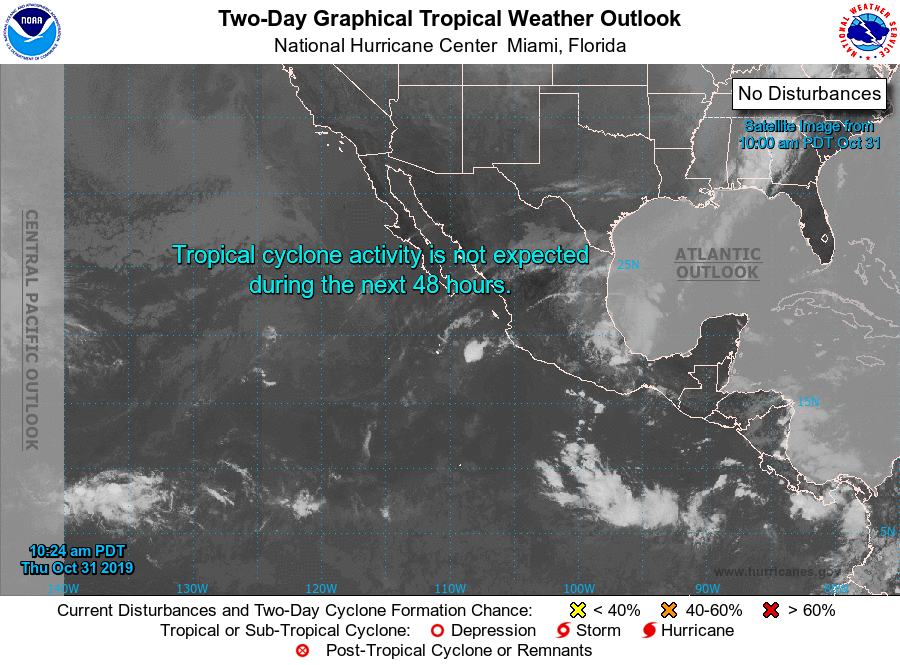
For the eastern North Pacific...east of 140 degrees west longitude:

Tropical cyclone formation is not expected during the next 5 days.

Forecaster Blake